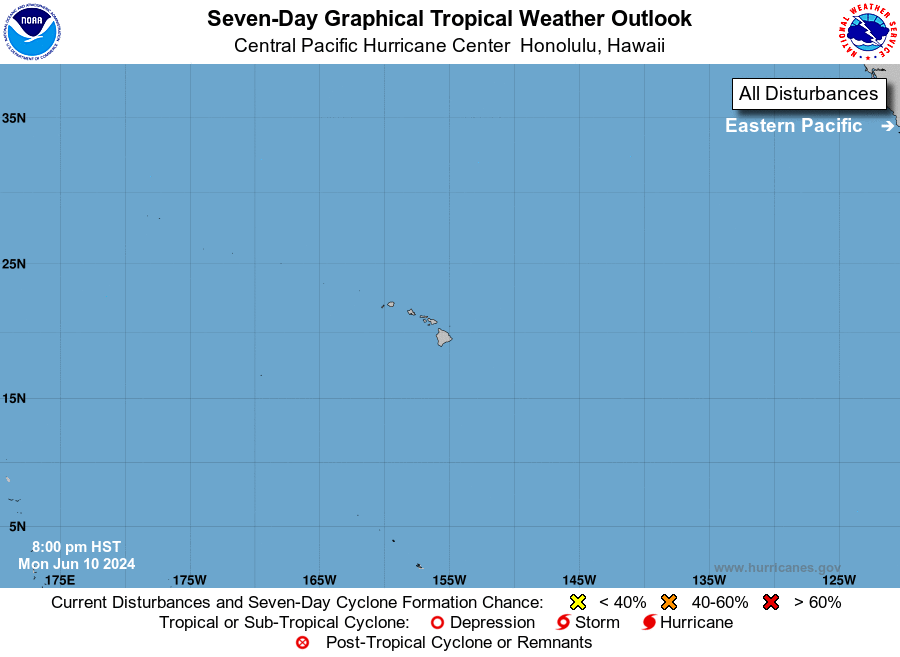
For the central North Pacific...between 140W and 180W:

No tropical cyclones are expected during the next 7 days.

Forecaster Gibbs